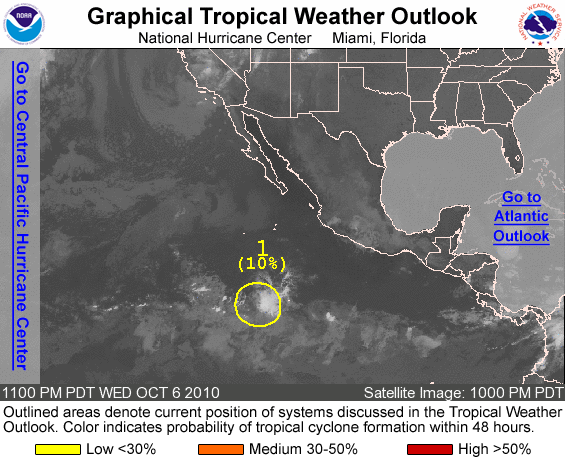
FOR THE EASTERN NORTH PACIFIC...EAST OF 140 DEGREES WEST LONGITUDE..

1. SHOWER ACTIVITY ASSOCIATED WITH A SMALL LOW PRESSURE AREA LOCATED ABOUT 950 MILES SOUTH-SOUTHWEST OF THE SOUTHERN TIP OF BAJA CALIFORNIA REMAINS MINIMAL. DEVELOPMENT...IF ANY...IS EXPECTED TO BE SLOW TO OCCUR. THERE IS A LOW CHANCE...10 PERCENT...OF THIS SYSTEM BECOMING A TROPICAL CYCLONE DURING THE NEXT 48 HOURS AS IT MOVES WESTWARD AT ABOUT 15 MPH.

ELSEWHERE...TROPICAL CYCLONE FORMATION IS NOT EXPECTED DURING THE NEXT 48 HOURS.

FORECASTER BLAKE